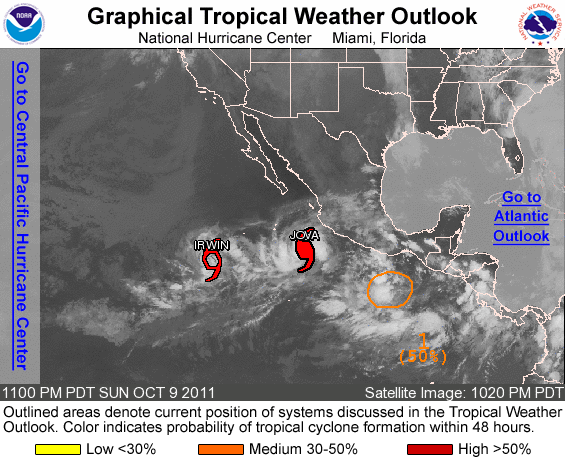
FOR THE EASTERN NORTH PACIFIC...EAST OF 140 DEGREES WEST LONGITUDE..

THE NATIONAL HURRICANE CENTER IS ISSUING ADVISORIES ON HURRICANE JOVA...LOCATED ABOUT 275 MILES SOUTHWEST OF MANZANILLO MEXICO...AND ON TROPICAL STORM IRWIN...LOCATED ABOUT 820 MILES SOUTHWEST OF THE SOUTHERN TIP OF BAJA CALIFORNIA.

1. SHOWER AND THUNDERSTORM ACTIVITY ASSOCIATED WITH A LOW PRESSURE SYSTEM A FEW HUNDRED MILES SOUTH OF THE GULF OF TEHUANTEPEC HAS DIMINISHED THIS EVENING AND IS DISPLACED TO THE WEST OF THE CENTER OF CIRCULATION. HOWEVER...UPPER-LEVEL WINDS COULD BECOME A LITTLE MORE CONDUCIVE FOR DEVELOPMENT OVER THE NEXT COUPLE OF DAYS AS THE LOW MOVES EASTWARD OR NORTHEASTWARD AT 5 TO 10 MPH. THIS SYSTEM HAS A MEDIUM CHANCE...50 PERCENT...OF BECOMING A TROPICAL CYCLONE DURING THE NEXT 48 HOURS. INTERESTS ALONG THE PACIFIC COASTS OF SOUTHERN MEXICO...GUATEMALA...EL SALVADOR...HONDURAS...AND NICARAGUA SHOULD MONITOR THE PROGRESS OF THIS DISTURBANCE.

ELSEWHERE...TROPICAL CYCLONE FORMATION IS NOT EXPECTED DURING THE NEXT 48 HOURS.

FORECASTER ROBERTS/BROWN